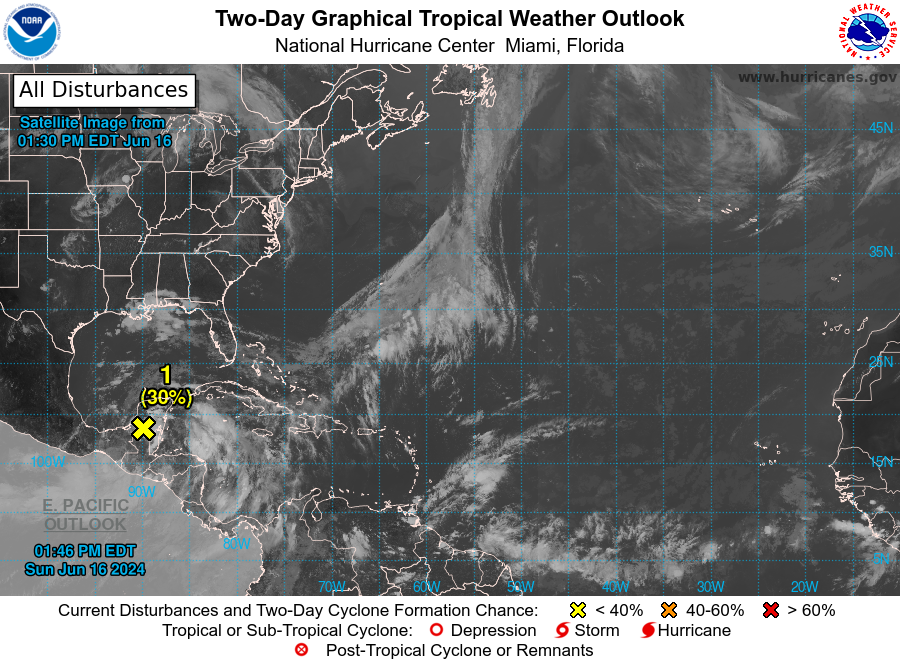
For the North Atlantic...Caribbean Sea and the Gulf of Mexico:

1. A large area of disturbed weather is located over Central America, the Yucatan Peninsula of Mexico, and the adjacent waters of the northwestern Caribbean Sea. A broad area of low pressure is forecast to form from this system over the southwestern Gulf of Mexico on Monday or Tuesday. Environmental conditions appear conducive for subsequent gradual development of the low, and a tropical depression or tropical storm could form by midweek while it moves slowly westward or west-northwestward.

Regardless of development, several days of heavy rainfall are expected across portions of southern Mexico and Central America, and these rains are likely to cause life-threatening flooding and flash flooding. Locally heavy rainfall is also expected to spread over portions of the northwestern coast of the Gulf of Mexico by the middle of the week. In addition, gale warnings have been issued for portions of the Gulf of Mexico, and more information on these is available in High Seas Forecasts issued by the National Weather Service.
* Formation chance through 48 hours...low...30 percent.
* Formation chance through 7 days...high...70 percent.

2. Southwestern Atlantic Ocean: A trough or an area of low pressure is forecast to form by midweek a few hundred miles northeast of the central Bahamas. Environmental conditions could be conducive for some development of this system thereafter while it moves westward or west-northwestward.
* Formation chance through 48 hours...low...near 0 percent.
* Formation chance through 7 days...low...30 percent.

High Seas Forecasts issued by the National Weather Service can be found under AWIPS header NFDHSFAT1, WMO header FZNT01 KWBC, and online at ocean.weather.gov/shtml/NFDHSFAT1.php

Forecaster Beven